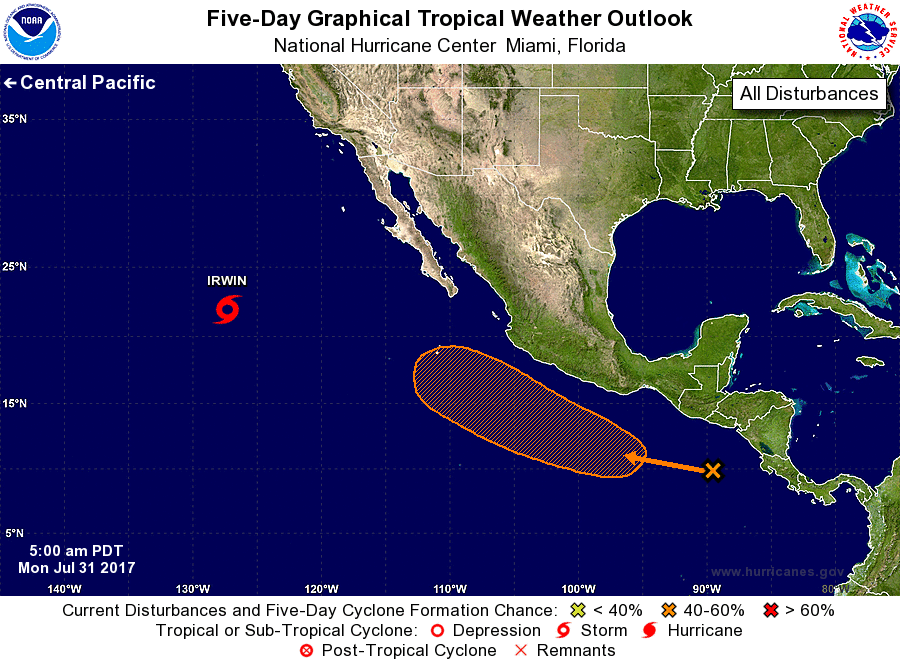
For the eastern North Pacific...east of 140 degrees west longitude:

The National Hurricane Center is issuing advisories on Tropical Storm Irwin, located more than a thousand miles west of the southern tip of the Baja California peninsula.

1. Disorganized showers and thunderstorms located over the far eastern Pacific Ocean are associated with a tropical wave. Environmental conditions appear conducive for some slow development of this disturbance during the next several days while it moves west-northwestward at 10 to 15 mph south of the coast of Mexico.
* Formation chance through 48 hours...low...10 percent.
* Formation chance through 5 days...medium...40 percent.

Forecaster Cangialosi